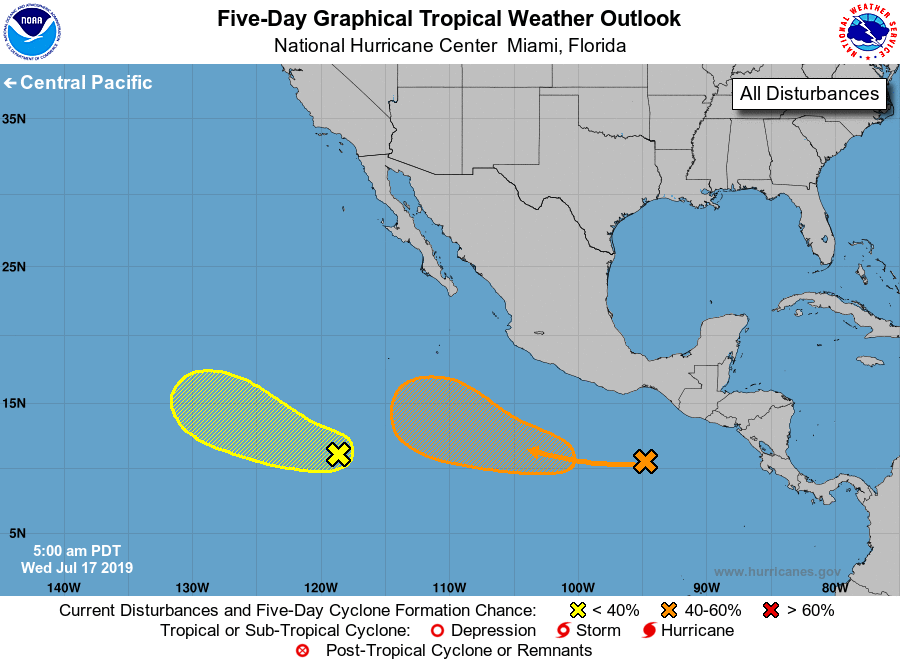
For the eastern North Pacific...east of 140 degrees west longitude:

1. A tropical wave located a few hundred miles south of the Gulf of Tehuantepec is producing a few disorganized showers and thunderstorms. Environmental conditions are forecast to become a little more conducive for gradual development late this week, and a tropical depression could form over the weekend or early next week. This disturbance is forecast to move westward to west-northwestward at 10 to 15 mph, well south of the coast of Mexico.
* Formation chance through 48 hours...low...near 0 percent.
* Formation chance through 5 days...medium...40 percent.

2. A large but disorganized area of showers and thunderstorms centered about 1000 miles south-southwest of the southern tip of the Baja California peninsula is associated with a tropical wave. Upper-level winds appear to be somewhat conducive for some slow development during the next few days while the disturbance moves west-northwestward at 10 to 15 mph.
* Formation chance through 48 hours...low...10 percent.
* Formation chance through 5 days...low...30 percent.

Forecaster Brown